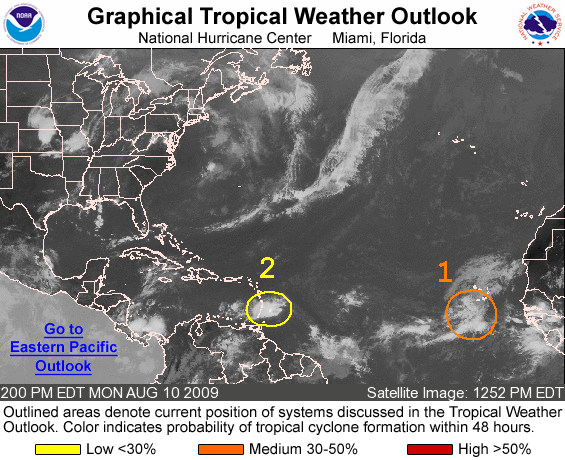
FOR THE NORTH ATLANTIC...CARIBBEAN SEA AND THE GULF OF MEXICO...

1. SHOWERS AND THUNDERSTORMS HAVE CONTINUED TO DIMINISH IN ASSOCIATION WITH THE BROAD AREA OF LOW PRESSURE LOCATED JUST TO THE WEST- SOUTHWEST OF THE SOUTHERN CAPE VERDE ISLANDS. HOWEVER...CONDITIONS STILL APPEAR FAVORABLE FOR DEVELOPMENT OF THIS SYSTEM...AND IT COULD BECOME A TROPICAL DEPRESSION DURING THE NEXT COUPLE OF DAYS AS IT MOVES TOWARD THE WEST AT 10 TO 15 MPH. THERE IS A MEDIUM CHANCE...30 TO 50 PERCENT...OF THIS SYSTEM BECOMING A TROPICAL CYCLONE DURING THE NEXT 48 HOURS.

2. A SMALL AREA OF LOW PRESSURE ASSOCIATED WITH A TROPICAL WAVE IS PRODUCING SHOWERS AND THUNDERSTORMS NEAR THE WINDWARD ISLANDS. DEVELOPMENT OF THIS SYSTEM...IF ANY...IS EXPECTED TO BE SLOW TO OCCUR AS IT MOVES WESTWARD AT 10 TO 15 MPH. LOCALLY HEAVY RAIN AND GUSTY WINDS WILL CONTINUE TO SPREAD OVER PORTIONS OF THE WINDWARD ISLANDS THROUGH TUESDAY MORNING. THERE IS A LOW CHANCE...LESS THAN 30 PERCENT...OF THIS SYSTEM BECOMING A TROPICAL CYCLONE DURING THE NEXT 48 HOURS.

ELSEWHERE...TROPICAL CYCLONE FORMATION IS NOT EXPECTED DURING THE NEXT 48 HOURS.

FORECASTER BERG